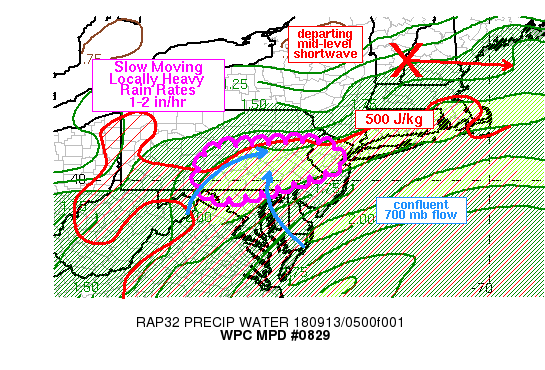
Areas affected...far northern MD into central/eastern PA and NJ

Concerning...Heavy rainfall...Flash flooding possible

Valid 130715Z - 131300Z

Summary...Highly efficient rainfall could lead to localized flash
flooding from northern MD into central/eastern PA and NJ through
13Z. 3-5 inch totals will be possible in a couple of locations.

Discussion...As of 07Z, localized heavy rainfall was occurring
within an axis of 700 mb confluence from CT to northern NJ into
south-central PA, focused south of a departing New England
shortwave. While low level flow is weak at less than or equal to
10 kt below 700 mb, the environment is very moist with
precipitable water values within a tenth of an inch of 2 inches
per recent GPS observations across the area. Isothermal
reflectivity values show 40-50 dBZ occurring primarily at and
below 0 C, which when combined with warm topped IR satellite
imagery and limited lightning, is indicative of efficient warm
rainfall processes underway. Recent Wunderground.com rainfall
observations ending 06-07Z from northern NJ confirmed rainfall
rates of 1-2 in/hr with slow moving rainfall in northern Middlesex
and eastern Somerset counties, leading to 3-5 inches of rain since
04Z. The convection appears to be somewhat elevated via RAP
analysis soundings, rooted between 850-700 mb, with convection
located on the cool side of a stationary front extending northeast
to southwest through the Mid-Atlantic region.

Flow will remain weak through the remainder of the morning which
will limit forcing for ascent, which when combined with low CAPE
values should keep rainfall cores limited in coverage. However,
the environment is supportive of efficient 1-2 in/hr rainfall
rates on top of an anomalously wet week of rainfall from northern
MD into much of PA and portions of NJ, which has increased the
susceptibility to flash flooding. The expectation is for localized
3-5 inch rainfall totals through 13Z along with possible
flooding/flash flooding.